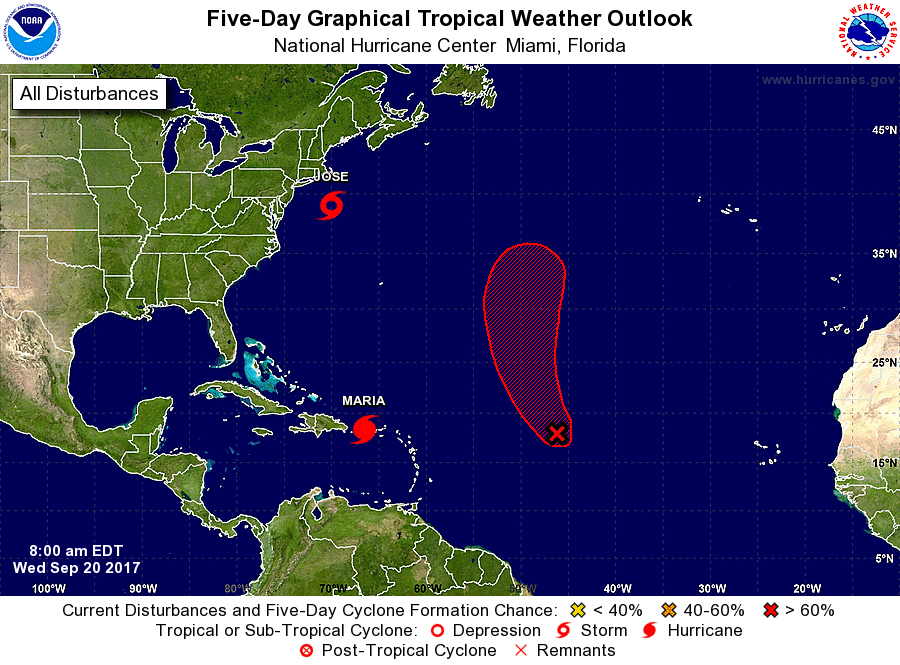
For the North Atlantic...Caribbean Sea and the Gulf of Mexico:

The National Hurricane Center is issuing advisories on Tropical Storm Jose, located a couple of hundred miles south of Nantucket, Massachusetts, and on extremely dangerous Hurricane Maria, located over Puerto Rico.

1. Showers and thunderstorms have not become any better organized during the past several hours in association with the remnants of Lee, located about 1000 miles east of the Leeward Islands. Although environmental conditions are marginal for development, only a small increase in the overall organization of the system would result in the regeneration of Lee. This low is expected to move northward over the central Atlantic Ocean during the next few days.
* Formation chance through 48 hours...medium...60 percent.
* Formation chance through 5 days...high...70 percent.

Additional information on the remnants of Lee can be found in High Seas Forecasts issued by the National Weather Service, under AWIPS header NFDHSFAT1, WMO header FZNT01 KWBC, and available on the Web at http://www.opc.ncep.noaa.gov/shtml/NFDHSFAT1.shtml.

Forecaster Cangialosi